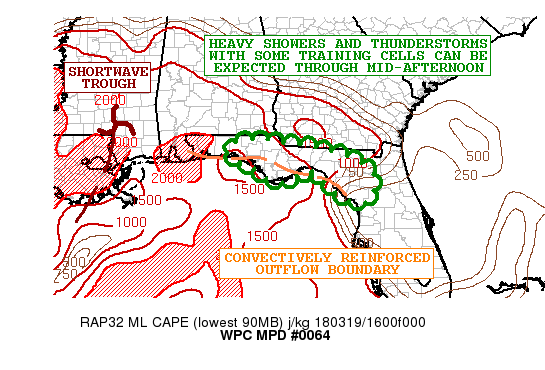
AREAS AFFECTED...FL PANHANDLE

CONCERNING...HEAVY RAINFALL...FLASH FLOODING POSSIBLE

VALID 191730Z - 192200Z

SUMMARY...HEAVY SHOWERS AND THUNDERSTORMS ARE EXPECTED OVER THE
NEXT SEVERAL HOURS WITH POTENTIAL FOR TRAINING CELLS. SOME FLASH
FLOODING WILL BE POSSIBLE AND ESPECIALLY WITH LOCALLY WET
ANTECEDENT CONDITIONS.

DISCUSSION...THE GOES-16 10.3 MICRON/IR IMAGERY SHOWS IMPRESSIVELY
COLD CONVECTIVE TOPS DEVELOPING OVER THE FL PANHANDLE IN
ASSOCIATION WITH AN UPSTREAM SHORTWAVE IMPULSE NEAR THE CENTRAL
GULF COAST INTERACTING WITH A SUBTLE SURFACE TROUGH/OUTFLOW
BOUNDARY FROM EARLIER CONVECTION THAT HAS BEEN LEFT IN PLACE. THIS
BOUNDARY IS HELPING TO FOCUS DEEPER MOISTURE AND INSTABILITY IN
OFF THE GULF OF MEXICO AHEAD OF THE UPSTREAM SHORTWAVE ENERGY.

THE LATEST RAP ANALYSIS SHOWS AS MUCH AS 1500 J/KG OF MLCAPE
ACROSS THE THREAT AREA...WITH THE LATEST GPS-DERIVED PWATS SEEN
APPROACHING 1.5 INCHES. THIS FAVORABLE THERMODYNAMIC ENVIRONMENT
ALONG WITH NEARLY 50 KTS OF EFFECTIVE BULK SHEAR AND THE
APPROACHING UPPER SUPPORT WILL FOSTER A SUSTAINABLE AXIS OF
CONVECTION OVER THE NEXT SEVERAL HOURS ACROSS THE FL PANHANDLE.
SOME OF THE CONVECTION HAS ALREADY ORIENTED ITSELF NEARLY PARALLEL
TO THE 850/300MB FLOW AND THIS WILL CERTAINLY PROMOTE A CONCERN
FOR TRAINING CONVECTIVE CELLS.

GOES-16 DAY CONVECTION RGB IMAGERY IS SUGGESTING SOME VERY STRONG
UPDRAFTS ALREADY ALONG WITH IR IMAGERY SHOWING SOME OVERSHOOTING
TOP ACTIVITY...AND THEREFORE SOME LOCALLY VERY HEAVY RAINFALL
RATES ARE LIKELY. EXPECT RATES TO LOCALLY APPROACH 2 INCHES/HR.
THESE RATES COUPLED WITH THE TRAINING POTENTIAL WILL FAVOR SOME
STORM TOTAL AMOUNTS OVER THE NEXT FEW HOURS OF AS MUCH AS 3 TO 4
INCHES WHICH IS ALSO CONSISTENT WITH RECENT HRRR OUTPUT AND THE
12Z ARW.

GIVEN THESE ADDITIONAL RAINS FALLING ON AREAS THAT HAVE SEEN
LOCALLY HEAVY RAINFALL OF AS MUCH AS 3 TO 5 INCHES OVER THE LAST
24 HOURS...THERE WILL BE CONCERNS THIS AFTERNOON FOR ENHANCED
RUNOFF AND POSSIBLE FLASH FLOODING.